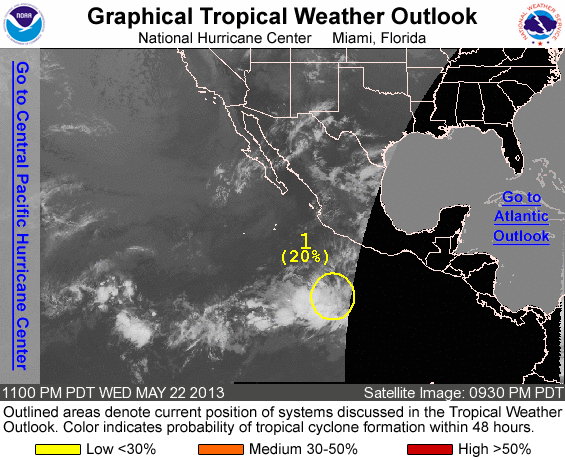
FOR THE EASTERN NORTH PACIFIC...EAST OF 140 DEGREES WEST LONGITUDE..

1. AN AREA OF DISTURBED WEATHER CENTERED ABOUT 450 MILES SOUTH-SOUTHWEST OF ACAPULCO MEXICO HAS CHANGED LITTLE IN ORGANIZATION DURING THE PAST SEVERAL HOURS. SOME DEVELOPMENT IS POSSIBLE AS THE DISTURBANCE MOVES SLOWLY TOWARD THE WEST OR WEST-NORTHWEST. THIS SYSTEM HAS A LOW CHANCE...20 PERCENT...OF BECOMING A TROPICAL CYCLONE DURING THE NEXT 48 HOURS.

ELSEWHERE...TROPICAL CYCLONE FORMATION IS NOT EXPECTED DURING THE NEXT 48 HOURS.

FORECASTER AVILA